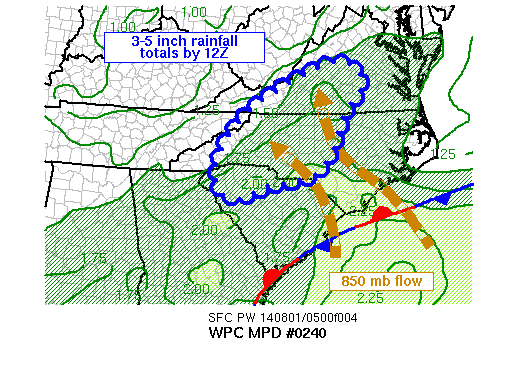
AREAS AFFECTED...CNTRL/WRN CAROLINAS INTO S-CNTRL VIRGINIA

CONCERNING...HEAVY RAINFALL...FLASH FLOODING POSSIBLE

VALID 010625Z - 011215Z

SUMMARY...OVERRUNNING OF DEEP MOISTURE ACROSS A COASTAL FRONT WILL

PERIODS OF HEAVY RAINFALL WITH EMBEDDED THUNDERSTORMS OVER THE
SOUTHERN APPALACHIANS AND EASTERN FOOTHILLS ARE LIKELY LATE THIS
EVENING AND INTO THE EARLY OVERNIGHT HOURS.  DEEP MOISTURE MOVING
TOWARDS THE HIGHER TERRAIN WILL RESULT IN UPSLOPE FLOW AND
EFFICIENT RAINFALL PRODUCTION.

DISCUSSION...STEADY...LARGELY STRATIFORM RAINFALL...CONTINUES TO
FALL FROM WRN SOUTH CAROLINA INTO WRN NORTH CAROLINA AND S-CNTRL
VIRGINIA IN ADVANCE OF A WEAK SHORTWAVE CURRENTLY TRACKING INTO
SOUTH CAROLINA AS SEEN ON LATEST WATER VAPOR IMAGERY. VAD WIND
PROFILES ACROSS THE REGION INDICATE ROUGHLY 20 KTS OF FLOW
CENTERED NEAR 850 MB WHICH CONTINUES TO OVERRUN A STATIONARY FRONT
LOCATED ALONG THE SOUTHEAST COASTLINE WITH A MAX IN PRECIPITABLE
WATER OF ROUGHLY 2 INCHES SEEN ON THE BLENDED TPW PRODUCT OVER THE
NC/SC BORDER NEAR THE COAST. FARTHER INLAND...DUAL-POL ESTIMATES 1
HR RAINFALL RATES NEAR 1 IN/HR BETWEEN GREENVILLE AND
CHARLOTTE...SLOWLY SPREADING NORTHWARD.

INSTABILITY IS GREATEST ALONG COASTAL LOCATIONS WHILE REMAINING
VERY LIMITED ACROSS THE THREAT AREA...BUT LOW TOPPED / WARM RAIN
PROCESSES ARE IN PLACE WITH A STEADY MODERATE TO LOCALLY HEAVY
RAINFALL CAUSING THE GROUND TO BECOME SATURATED. IT IS EXPECTED
THAT THE CONTINUED INFLUX OF WARM/MOIST AIR FROM THE COAST WILL
FEED INTO THE STRATIFORM REGION FOR A LONG DURATION RAIN EVENT
WITH EMBEDDED HEAVIER ELEMENTS WITH THE POTENTIAL FOR 3-5 INCHES
BY 12Z AS SEEN IN A MAJORITY OF THE LATEST 00Z HI-RES GUIDANCE.